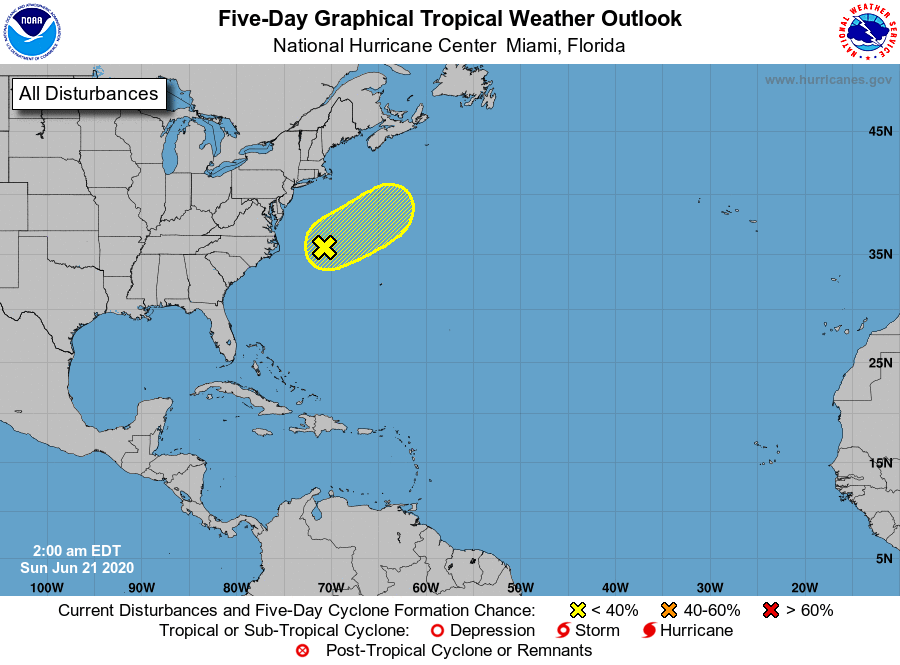
For the North Atlantic...Caribbean Sea and the Gulf of Mexico:

1. A broad area of disturbed weather is centered a few hundred miles east of the coast of North Carolina. This disturbance is forecast to move northeastward, and a non-tropical low pressure system is expected to form later today. No significant development is anticipated, but the system could briefly acquire some subtropical characteristics before it moves over cooler waters late Sunday or Monday.
* Formation chance through 48 hours...low...10 percent.
* Formation chance through 5 days...low...10 percent.

Forecaster Zelinsky